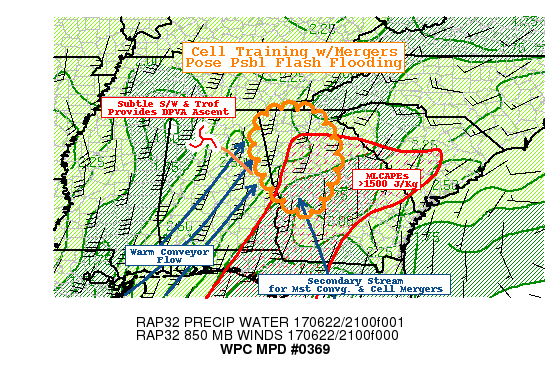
AREAS AFFECTED...NORTHERN & CENTRAL GA...EXT EASTERN AL

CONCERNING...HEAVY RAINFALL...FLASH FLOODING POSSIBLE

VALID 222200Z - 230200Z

SUMMARY...HIGHLY EFFICIENT RAINFALL ENVIRONMENT WITHIN WARM
CONVEYOR BELT ALSO SUPPORTS LOCALIZED TRAINING AND CELL MERGERS
THAT MAY POSE LOCALIZED FLASH FLOODING CONDITIONS OVER THE NEXT
FEW HOURS.

DISCUSSION...A SUBTLE SHORTWAVE WITHIN THE WARM CONVEYOR BELT
CONTINUES TO LIFT NORTHEAST THROUGH N CENTRAL AL PROVIDING MODEST
DPVA ASCENT ALONG THE ATTENDANT TROUGH EXTENDING SSE.  RAP
ANALYSIS SHOWS VERY DEEP WELL OF MLCPAES OF 2500 J/KG ALONG THE
UPPER CHATTAHOOCHEE RIVER VALLEY AS WELL AS INTO CENTRAL GA
(PLEASE NOTE VERY POOR 60 TD AT EMZ IS LEADING TO INCORRECT
ASSESSMENT OF INSTABILITY/MST FLUX IN AT VICINITY).  THE NATURE OF
WARM CONVEYOR HAS BEEN FOR NARROW TRANSVERSE BANDS OF CONVERGENCE
THAT SPROUT CONVECTION WITH NARROW UPDRAFT/DOWNDRAFT CORES
LIMITING THE OVERALL COVERAGE. STILL GIVEN THE UNIDIRECTIONAL
NATURE OF THE WIND PROFILE...CELLS ARE ALSO ABLE HAVE GREATER
VERTICAL DEPTH (NOT LOST TO SHEARING OF THE UPDRAFT) AND THEREFORE
DEEPER RAINFALL GENERATION TAPPING GREATER MOISTURE DEPTH
SUPPORTING RATES OF 2-2.5"/HR.  ADDITIONAL UPSTREAM DEVELOPMENT ON
THE NARROW BANDS WILL ALLOW FOR THE GREATEST RAINFALL TOTAL
STREAKS AND NEAR LOCAL FFG VALUE IN THE VICINITY WITH SOME
LOCALIZED FF POSSIBLE.

THE MAIN WARM CONVEYOR BELT FROM THE MS COAST TO ONGOING
CONVECTION IN E CENTRAL AL IS MAIN SOURCE/CHANNEL FOR MOISTURE
FLUX...GOES-16 VIS CONUS LOOP SHOWS SECONDARY STREAM FROM SLY
CHANNEL FROM EASTERN APALACHEE BAY PROVIDING ADDITIONAL LOW LEVEL
MST CONVERGENCE TO AID FURTHER DEVELOPMENT. THESE CELLS ALSO HAVE
A MORE NORTHERLY CELL MOTION COMPARED TO CELLS IN THE WARM
CONVEYOR (MORE NE).  AS SUCH THERE IS GOOD PROBABILITY FOR CELL
MERGERS INTO WEST CENTRAL AND N GA OVER THE NEXT FEW HOURS FURTHER
INCREASING FLASH FLOODING CHANCES.